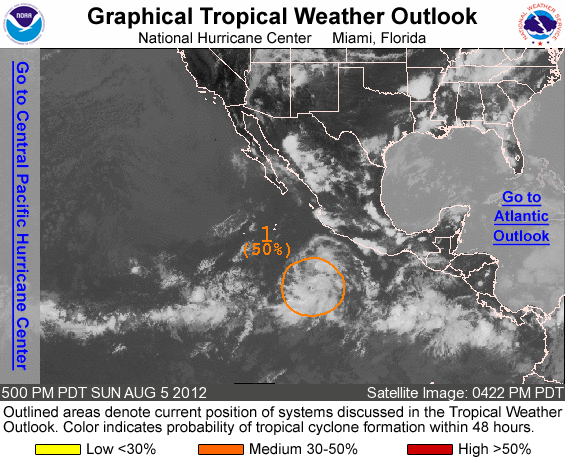
FOR THE EASTERN NORTH PACIFIC...EAST OF 140 DEGREES WEST LONGITUDE..

1. SHOWERS AND THUNDERSTORMS ASSOCIATED WITH A LOW PRESSURE AREA LOCATED ABOUT 500 MILES SOUTHWEST OF ACAPULCO HAVE BECOME BETTER ORGANIZED DURING THE LAST SEVERAL HOURS. ENVIRONMENTAL CONDITIONS ARE CONDUCIVE FOR FURTHER DEVELOPMENT...AND THIS DISTURBANCE COULD BECOME A TROPICAL DEPRESSION DURING THE NEXT DAY OR TWO. THIS SYSTEM HAS A MEDIUM CHANCE...50 PERCENT...OF BECOMING A TROPICAL CYCLONE AS IT MOVES NORTHWESTWARD AT 10 TO 15 MPH DURING THE NEXT 48 HOURS.

ELSEWHERE...TROPICAL CYCLONE FORMATION IS NOT EXPECTED DURING THE NEXT 48 HOURS.

FORECASTER KIMBERLAIN